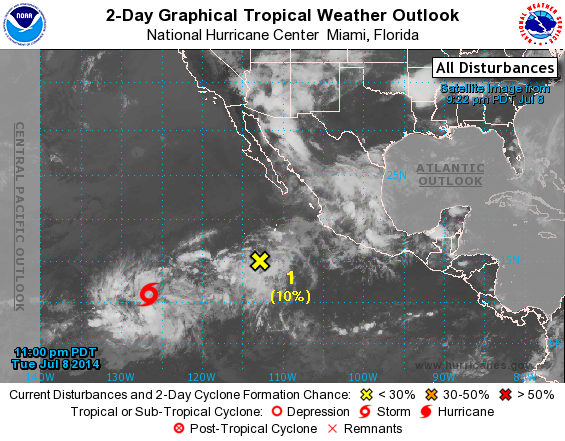
For the eastern North Pacific...east of 140 degrees west longitude:

The National Hurricane Center is issuing advisories on Tropical Storm Fausto, located more than a thousand miles southwest of the southern tip of the Baja California Peninsula.

1. Disorganized cloudiness and showers located several hundred miles southwest of the southern tip of the Baja California Peninsula are associated with a trough of low pressure. Development, if any, of this system should be slow to occur during the next day or so while it moves west-northwestward at 10 to 15 mph. After that time, strong upper-level winds are expected to preclude any development.
* Formation chance through 48 hours...low...10 percent.
* Formation chance through 5 days...low...10 percent.

Forecaster Brown